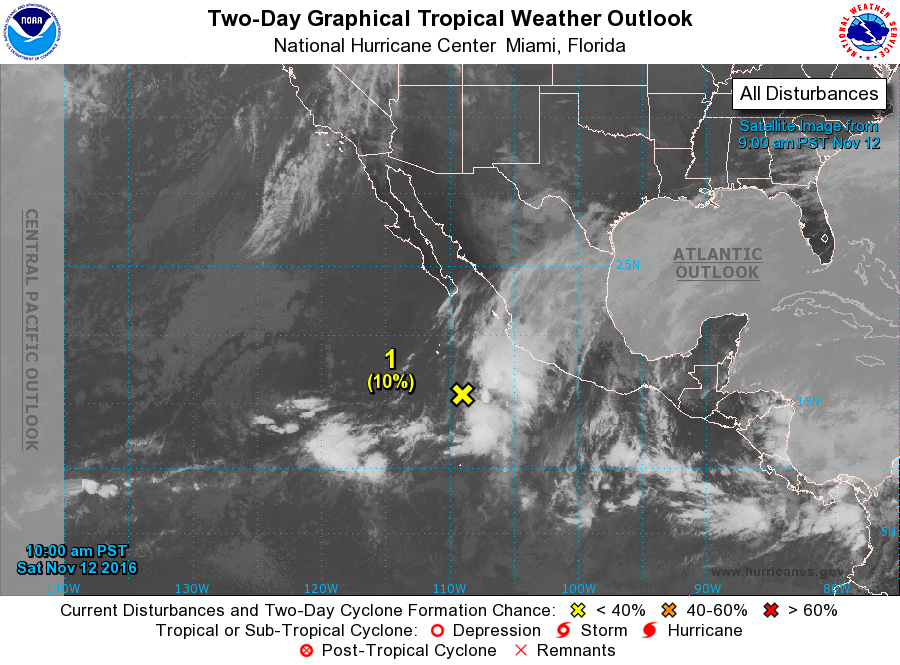
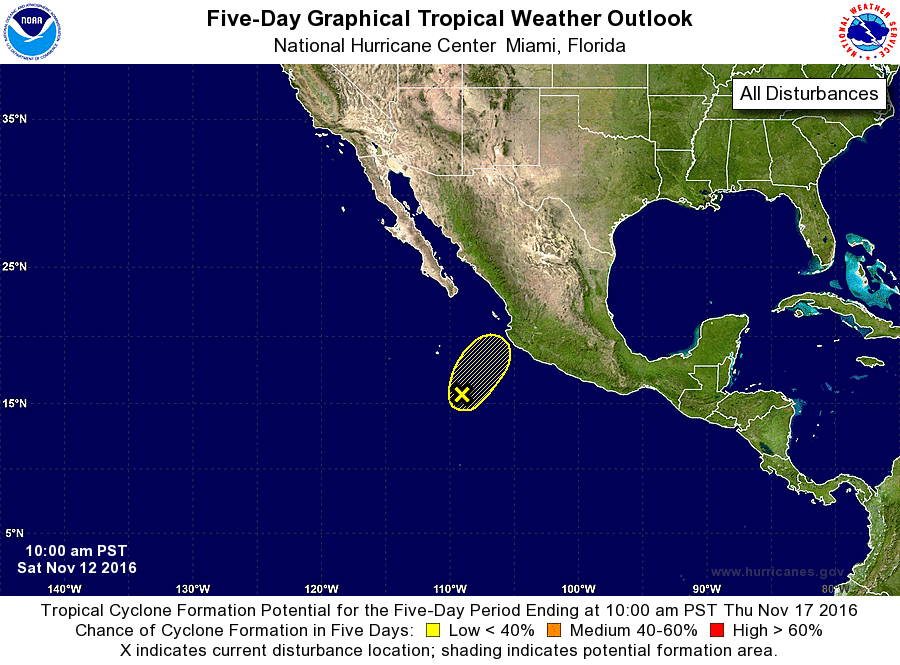
For the eastern North Pacific...east of 140 degrees west longitude:

1. A broad area of low pressure located about 400 miles southwest of Manzanillo, Mexico, continues to produce a large area of disorganized showers and thunderstorms and gusty winds. Strong upper-level winds are expected to continue affecting the low during the next day or two while the system moves slowly north-northeastward. Even though tropical cyclone development is unlikely, this system could produce locally heavy rainfall and gusty winds over portions of southwestern and central Mexico during the next couple of days.
* Formation chance through 48 hours...low...10 percent
* Formation chance through 5 days...low...10 percent

Forecaster Cangialosi